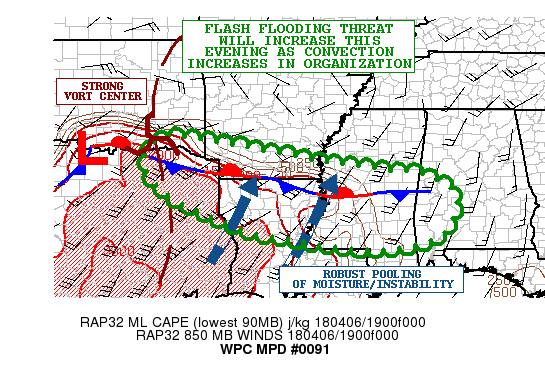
AREAS AFFECTED...NORTHEAST TX...SOUTHEAST OK...SOUTHERN
AR...NORTHERN LA...CENTRAL/SOUTHERN MS...WEST-CENTRAL AL

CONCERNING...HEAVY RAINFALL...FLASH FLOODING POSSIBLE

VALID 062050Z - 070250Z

SUMMARY...AN EXPANSIVE AXIS OF SHOWERS AND THUNDERSTORMS WILL
CONTINUE WELL THROUGH THE EVENING HOURS AND WILL TEND TO ORGANIZE
FURTHER SOUTH OVER THE NEXT FEW HOURS. HEAVY RAINFALL RATES TO
NEAR 2 INCHES/HR AND CONCERNS OVER CELL-TRAINING WILL LEAD TO
CONCERNS FOR FLASH FLOODING.

DISCUSSION...LATE-AFTERNOON GOES-16 1-MINUTE VISIBLE SATELLITE
IMAGERY SUGGESTS A VERY UNSTABLE BOUNDARY LAYER FOCUSED ACROSS
NORTHEAST TX AND AREAS EAST ACROSS CENTRAL/NORTHERN LA WHERE A
NOTABLY AGITATED CU FIELD IS SEEN. MEANWHILE...THE MID LEVEL WV
IMAGERY SHOWS A VERY WELL-DEFINED SHORTWAVE TROUGH AND ASSOCIATED
VORT CENTER EJECTING ACROSS THE SOUTHERN PLAINS.

ALREADY AN EXPANSIVE AXIS OF COLD-TOPPED CONVECTION IS IMPACTING
AREAS OF SOUTHEAST OK...SOUTHERN AR AND NORTHERN MS ALONG AND
NORTH OF A WAVY STATIONARY FRONT GIVEN THE PERSISTENT WARM
ADVECTION PATTERN AHEAD OF THE SHORTWAVE TROUGH...BUT THIS
CONVECTIVE AXIS WILL BEGIN TO DROP SOUTH AND EXPAND IN COVERAGE
OVER THE WARM SECTOR THROUGH THE EVENING HOURS.

THE LATEST RAP ANALYSIS SHOWS A POOL OF MLCAPE VALUES OF 2000 TO
3000 J/KG OVER NORTHEAST TX AND NORTHWEST LA ALREADY ALONG WITH
PROXIMITY OF A VERY SHARP INSTABILITY THAT DELINEATES THE UNSTABLE
BOUNDARY LAYER FROM THE CONVECTIVELY REINFORCED COLD POOL JUST
NORTH OF THE FRONT. MEANWHILE...PWATS HAVE RISEN TO BETWEEN 1.4
AND 1.5 INCHES AND HAVE GRADUALLY BEEN FOSTERING HEAVIER RAINFALL
RATES.

OVER THE NEXT COUPLE OF HOURS AS THIS ENERGY CROSSES THE ARKLATEX
REGION...EXPECT A ROBUST EXPANSION OF CONVECTION FARTHER SOUTH
ACROSS NORTHEAST TX AND DOWN ACROSS NORTHERN LA AND THROUGH
CENTRAL MS AS IT INTERACTS WITH THIS UNSTABLE AIRMASS AND WITHIN A
RATHER STRONGLY SHEARED ENVIRONMENT THAT WILL FAVOR STRONG AND
ORGANIZED UPDRAFTS. AS PER RECENT SPC MCD #222...UPSCALE GROWTH IS
EXPECTED AND EVOLUTION INTO A QLCS IS POSSIBLE THIS EVENING.

EXPECT RAINFALL RATES OF UP TO 2 INCHES/HR AND A FAVORABLE
ENVIRONMENT FOR AT LEAST SOME PERIODIC TRAINING OF CONVECTIVE
CELLS NEAR THE FRONT. RAINFALL AMOUNTS THROUGH 03Z OF AS MUCH AS 3
TO 5 INCHES WILL BE POSSIBLE AND ESPECIALLY WHERE THE STRONGER
CONVECTIVE CORES AND CELL-TRAINING SETS UP. SOME FLASH FLOODING IS
POSSIBLE.